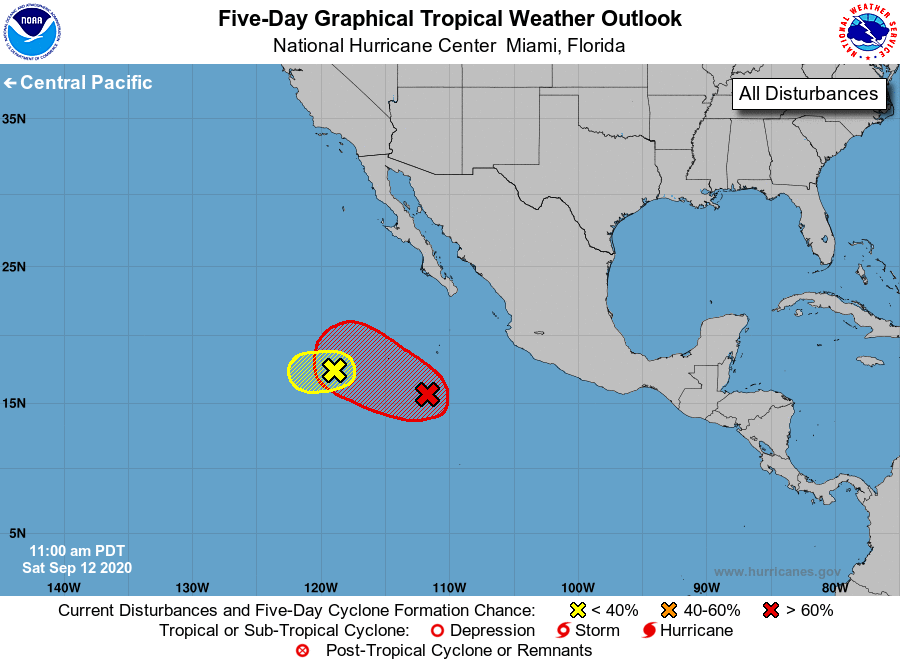
For the eastern North Pacific...east of 140 degrees west longitude:

1. An elongated area of low pressure located about 700 miles west-southwest of the southern tip of the Baja California peninsula is producing disorganized showers and thunderstorms. Additional development of this system is becoming less likely over the next day or so before it interacts with, and is possibly absorbed by, a larger weather disturbance to its east-southeast.
* Formation chance through 48 hours...low...10 percent.
* Formation chance through 5 days...low...10 percent.

2. Another area of low pressure is located several hundred miles southwest of the coast of southwestern Mexico. Associated shower and thunderstorm activity has become more concentrated near the center of the low today. Environmental conditions appear conducive for development, and a tropical depression is likely to form within the next day or so while the system moves west-northwestward at 10 to 15 mph away from the coast of Mexico.
* Formation chance through 48 hours...high..80 percent.
* Formation chance through 5 days...high...80 percent.

Forecaster Latto